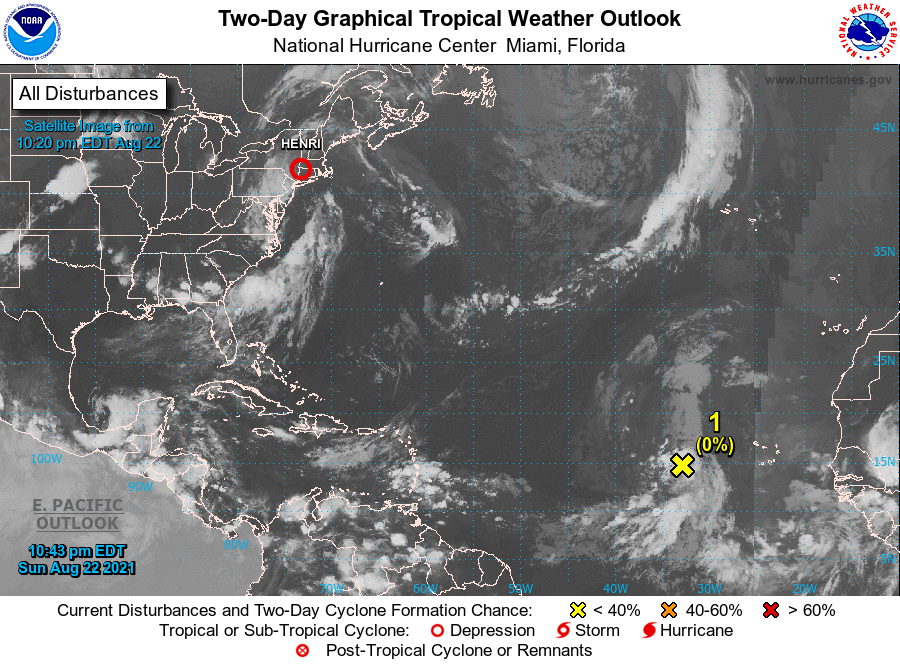
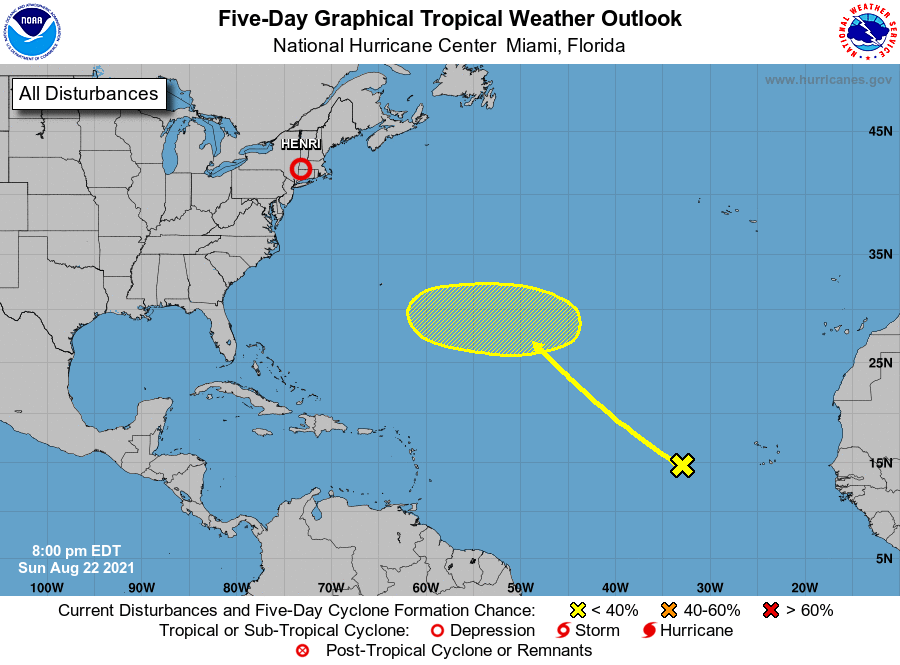
For the North Atlantic...Caribbean Sea and the Gulf of Mexico:

The National Hurricane Center is issuing advisories on recently downgraded Tropical Depression Henri, located inland over Connecticut.

1. Disorganized shower activity over the eastern tropical Atlantic is associated with a broad area of low pressure located several hundred miles west-southwest of the Cabo Verde Islands. Little, if any, development is expected to occur during the next couple of days. Some gradual development, however, is possible by the middle to latter part of the week as the system moves northwestward at 10 to 15 mph over the central Atlantic.
* Formation chance through 48 hours...low...near 0 percent.
* Formation chance through 5 days...low...10 percent.

Forecaster Pasch